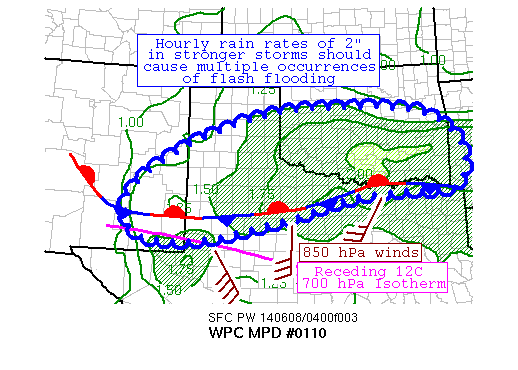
AREAS AFFECTED...EASTERN NM...NORTHWEST TX....SOUTHERN OK

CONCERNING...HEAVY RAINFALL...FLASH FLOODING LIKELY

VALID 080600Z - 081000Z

SUMMARY...ORGANIZED THUNDERSTORMS WITH HEAVY RAINFALL HAVE BUILT
SOUTHWARD INTO SOUTHEAST NM, AND CLOSER TO THE SURFACE FRONTAL
BOUNDARY ACROSS NORTHERN TX.  MULTIPLE POCKETS OF FLASH FLOODING
REMAIN LIKELY IN THIS REGION OVER THE NEXT SEVERAL HOURS.

DISCUSSION...A MASS OF THUNDERSTORMS STRETCHES FROM SOUTHEAST NM
EAST-NORTHEAST ACROSS THE BIG COUNTRY OF TX TOWARDS FREDERICK OK
NEAR THE STATIONARY FRONT.  CONVECTIVE OUTFLOW IS STRENGTHENING
BAROCLINICITY ALONG THE BOUNDARY FROM CHILDRESS WESTWARD.  THE 00Z
PARALLEL NMM, 03Z HRRR, AND 00Z PARALLEL ARW APPEAR TO BE HANDLING
THIS ACTIVITY THE BEST.  WINDS AT 850 HPA OF 30-40 KNOTS ARE
INTERSECTING THE FRONTAL ZONE FROM SOUTHEAST NM PAST WICHITA FALLS
TX, WHILE CAPES REMAIN IN THE NEIGHBORHOOD OF 2000 J/KG AND
PRECIPITABLE WATER VALUES RANGE BETWEEN 1.50-1.75".  THESE
PARAMETERS ARE WITHIN THOSE NORMALLY SEEN WITHIN THE WET
MULTI-CELL ENVIRONMENT.

OVER THE NEXT SEVERAL HOURS, THUNDERSTORMS ARE EXPECTED TO
CONTINUE TO FIRE ALONG THE FRONT FROM SOUTHEAST NM ACROSS NORTHERN
TX, WITH ORGANIZED ACTIVITY MOVING NEAR THE RED RIVER OF THE
SOUTH.  RAINFALL RATES OF 2" AN HOUR IN STRONGER CELLS ARE
EXPECTED TO CONTINUE, WITH CELL TRAINING ALSO POSSIBLE AS THE
ORGANIZED STORMS MOVE EAST-SOUTHEAST AT 20 KTS.  THERE IS THE
OPPORTUNITY FOR BACKBUILDING ALONG THE CENTRAL TX/OK BORDER AS 850
HPA INFLOW RAMPS UP DURING THIS TIME FRAME.  MULTIPLE PIECES OF
MESOSCALE GUIDANCE SHOWS LOCAL RAINFALL MAXIMA OF 4-8" IN THIS
AREA -- A STRONG SIGNAL FOR EXCESSIVE RAINFALL.  LOCAL AMOUNTS OF
6" IN A FEW HOURS WHERE CELLS TRAIN/BACKBUILD SHOULD LEAD TO
MULTIPLE OCCURRENCES OF FLASH FLOODING OVER THE NEXT SEVERAL HOURS.